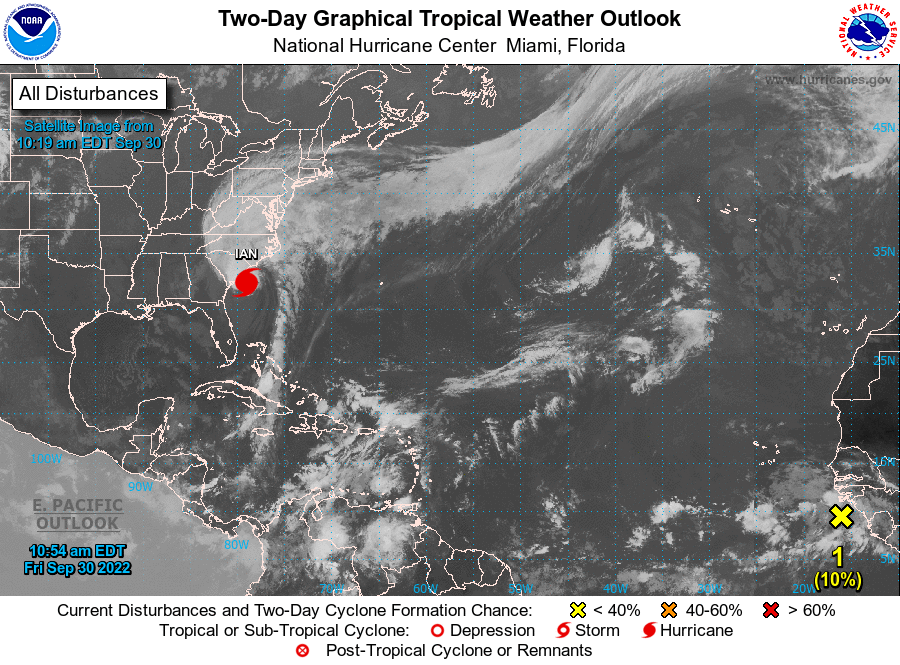
For the North Atlantic...Caribbean Sea and the Gulf of Mexico:

Active Systems: The National Hurricane Center is issuing advisories on Hurricane Ian, located near the South Carolina coast.

1. Eastern Tropical Atlantic: A tropical wave is producing disorganized showers and thunderstorms over the far eastern tropical Atlantic. Environmental conditions are forecast to be conducive for gradual development of this system, and a tropical depression could form early next week as the system moves westward to west-northwestward over the eastern tropical Atlantic.
* Formation chance through 48 hours...low...10 percent.
* Formation chance through 5 days...medium...60 percent.

Forecaster Cangialosi